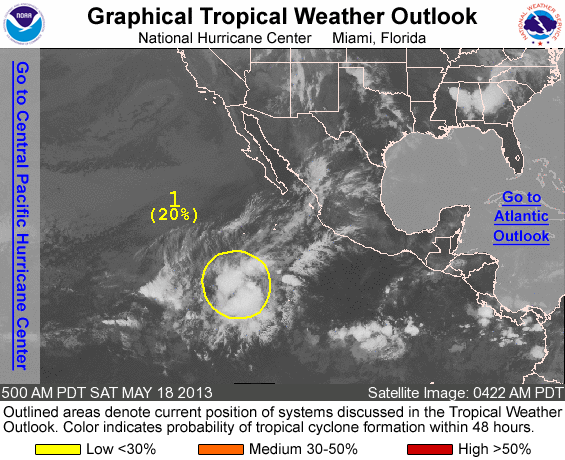
FOR THE EASTERN NORTH PACIFIC...EAST OF 140 DEGREES WEST LONGITUDE..

1. AN AREA OF LOW PRESSURE...ASSOCIATED WITH THE REMNANTS OF ALVIN...IS LOCATED ABOUT 900 MILES WEST-SOUTHWEST OF MANZANILLO MEXICO. WHILE SHOWER AND THUNDERSTORM ACTIVITY HAS INCREASED NEAR THE CENTER OF CIRCULATION DURING THE PAST FEW HOURS...UPPER-LEVEL WINDS ARE EXPECTED TO REMAIN UNFAVORABLE FOR SIGNIFICANT DEVELOPMENT. THIS SYSTEM HAS A LOW CHANCE...20 PERCENT...OF BECOMING A TROPICAL CYCLONE AGAIN DURING THE NEXT 48 HOURS AS IT MOVES WESTWARD OR WEST-NORTHWESTWARD AT AROUND 10 MPH.

ELSEWHERE...TROPICAL CYCLONE FORMATION IS NOT EXPECTED DURING THE NEXT 48 HOURS.

FORECASTER BRENNAN